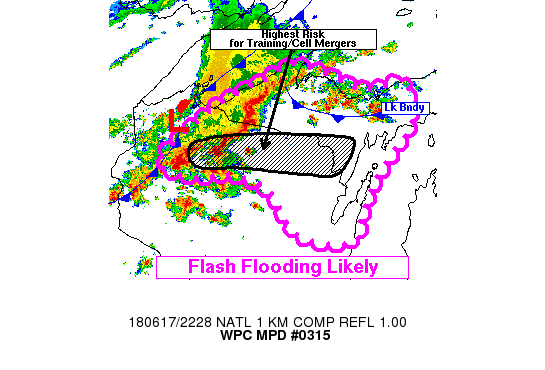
AREAS AFFECTED...NORTHERN WI...UPPER PENINSULA OF MI

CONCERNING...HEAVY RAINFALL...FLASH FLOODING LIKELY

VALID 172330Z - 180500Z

SUMMARY...CONVECTIVE COMPLEX BEGINNING TO ORIENT PARALLEL TO MEAN
FLOW WITH CELL MERGERS FROM THE SOUTHEAST OVER SATURATED SOILS
CONTINUE TO POSE LIKELY FLASH FLOODING RISK THOUGH 04Z.

DISCUSSION...GOES-16 AND RADAR MOSAIC SHOWS A MATURE LINEAR
CONVECTIVE COMPLEX MOVING THROUGH N WI.  DOWNSTREAM ADDITIONAL
CONVECTIVE DEVELOPMENT ALONG LAKE BREEZE IN CENTRAL U.P. AS WELL A
NEW WARM SECTOR CONVECTION MOVING NORTHEAST ACROSS N WI WILL LEAD
TO SIGNIFICANT CELL MERGERS IN THE NEXT FEW HOURS.
ADDITIONALLY...THE LINEAR COMPLEX DUE TO INCREASED CELL
MOTIONS/STRONGER CLOUD BEARING FLOW IS TILTING THE LINE MORE WEST
TO EAST NEAR THE WI/U.P. BOARDER WHICH COULD LEAD TO INCREASED
TRAINING IN THE NEXT FEW HOURS.

OBSERVATIONS AND RADAR ESTIMATES SUPPORT RAIN RATES OF 1.75-2"/HR
AND WITH LOCAL MERGERS, A FEW SPOTS UP TO 2.5" ARE POSSIBLE IN THE
NEXT FEW HOURS.  GIVEN TPWS AOA 2" AND SBCAPES FROM 2000-3000
J/KG,  3 HOUR TOTALS OF 2-4" ARE LIKELY WITH MAYBE A FEW ISOLATED
AREAS UP TO 5" THROUGH 04Z.   WHILE THE COMPLEX IS MOVING THROUGH
THE MOST COMPROMISED SOIL CONDITIONS NOW (FFG <1"),  SOILS ARE
SATURATED ALONG THE MENOMINEE RIVER VALLEY ESPECIALLY BETWEEN
DICKINSON/MENOMINEE AND W DELTA COUNTIES AND 3HR FFG OF 1.5-2" ARE
LIKELY TO BE EXCEEDED.  AS SUCH FLASH FLOODING IS CONSIDERED
LIKELY.